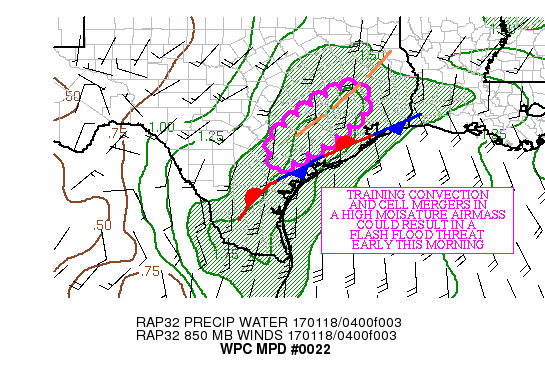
AREAS AFFECTED...A PORTION OF SOUTHEAST TX

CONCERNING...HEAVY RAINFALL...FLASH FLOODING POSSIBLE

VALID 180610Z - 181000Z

SUMMARY...TRAINING AND CELL MERGERS WITH A CLUSTERS OF STORMS JUST
NORTH OF A STATIONARY FRONT COULD RESULT IN A FLASH FLOOD THREAT
EARLY THIS MORNING.

DISCUSSION...REGIONAL RADARS CONTINUE TO SHOW A CLUSTER OF STORMS
MOVING NORTHEAST JUST NORTH OF A STATIONARY FRONT OVER SOUTHEAST
TX. THE CONVECTION LIES IN AN AXIS OF 500-1000 J/KG OF MUCAPE. A
30 KNOT LOW LEVEL SOUTHERLY INFLOW IS PROVIDING 1.50 INCH
PRECIPITABLE WATER AIR (WHICH IS BETWEEN TWO AND THREE STANDARD
ABOVE THE MEAN) TO NEWLY DEVELOPING CONVECTION. THE MOISTURE
SOURCE HAS ITS ORIGINS IN THE EASTERN PACIFIC...AND THE SOURCE OF
MOISTURE REMAINS DEEP.

THE KGRK RADAR SHOWED HOURLY RAINFALL RATES AS HIGH AS 2.25 INCHES
NEAR 0535Z ACROSS CALDWELL AND BASTROP COUNTIES...BUT THE HCA
PRODUCT AND RECENT SPOTTER REPORTS INDICATE THAT THESE HOURLY
RADAR-BASED RATES COULD BE HAIL CONTAMINATED. NEWLY DEVELOPING
CONVECTION IS FORMING SOUTH OF THE STATIONARY FRONT...WHERE THE
AVAILABLE INSTABILITY IS HIGHER. AS THE NEWLY DEVELOPING
CONVECTION MERGES WITH THE CURRENT CONVECTION...FLASH FLOODING
BECOMES MORE OF A CONCERN.

THE LATEST HRRR SHOWED LOCAL 2.00-3.00 INCH RAINFALL AMOUNTS JUST
NORTHWEST OF KVCT THROUGH 10Z...WITH LESSER AMOUNTS CENTERED ON A
SURFACE TROUGH EXTENDING NORTHEAST ACROSS INTERIOR SOUTHEAST TX.
THE 00Z NSSL WRF IS NOT AS BULLISH WITH THE SIGNAL EARLY ON...BUT
BY 09Z IT SHOWS A STRIPE OF 3.00 TO 4.00 INCHES OF RAINFALL FROM
K11R TO KUTS.

THREE HOUR FLASH FLOOD GUIDANCE VALUES IN THIS AREA ARE GENERALLY
BETWEEN 2.50 AND 3.50 INCHES. GIVEN THE DEPTH OF THE RICH MOISTURE
SOURCE...THE THREAT OF CELL TRAINING AND MERGERS...AND THE SIGNAL
FROM THE LATEST HRRR/00Z WRF ARW...FLASH FLOODING IS CONSIDER
POSSIBLE EARLY THIS MORNING.